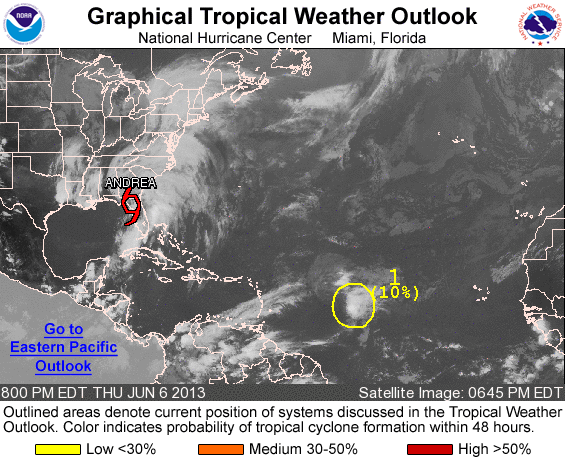
FOR THE NORTH ATLANTIC...CARIBBEAN SEA AND THE GULF OF MEXICO...

THE NATIONAL HURRICANE CENTER IS ISSUING ADVISORIES ON TROPICAL STORM ANDREA...LOCATED INLAND OVER NORTHERN FLORIDA.

1. A SMALL LOW PRESSURE AREA PRODUCING WINDS TO NEAR TROPICAL STORM FORCE IS LOCATED ABOUT 775 MILES EAST OF THE LESSER ANTILLES. ALTHOUGH THE THUNDERSTORM ACTIVITY ASSOCIATED WITH THIS SYSTEM HAS BECOME A LITTLE MORE ORGANIZED TODAY...STRONG UPPER-LEVEL WINDS ARE EXPECTED TO LIMIT ANY ADDITIONAL DEVELOPMENT AS THIS DISTURBANCE MOVES WESTWARD AROUND 15 MPH. THIS SYSTEM HAS A LOW CHANCE...10 PERCENT...OF BECOMING A TROPICAL CYCLONE DURING THE NEXT 48 HOURS.

ADDITIONAL INFORMATION ON THIS SYSTEM CAN BE FOUND IN HIGH SEAS FORECASTS ISSUED BY THE NATIONAL WEATHER SERVICE.

ELSEWHERE...TROPICAL CYCLONE FORMATION IS NOT EXPECTED DURING THE NEXT 48 HOURS.

&&
HIGH SEAS FORECASTS ISSUED BY THE NATIONAL WEATHER SERVICE CAN BE FOUND UNDER AWIPS HEADER NFDHSFAT1 AND WMO HEADER FZNT01 KWBC.

FORECASTER BROWN